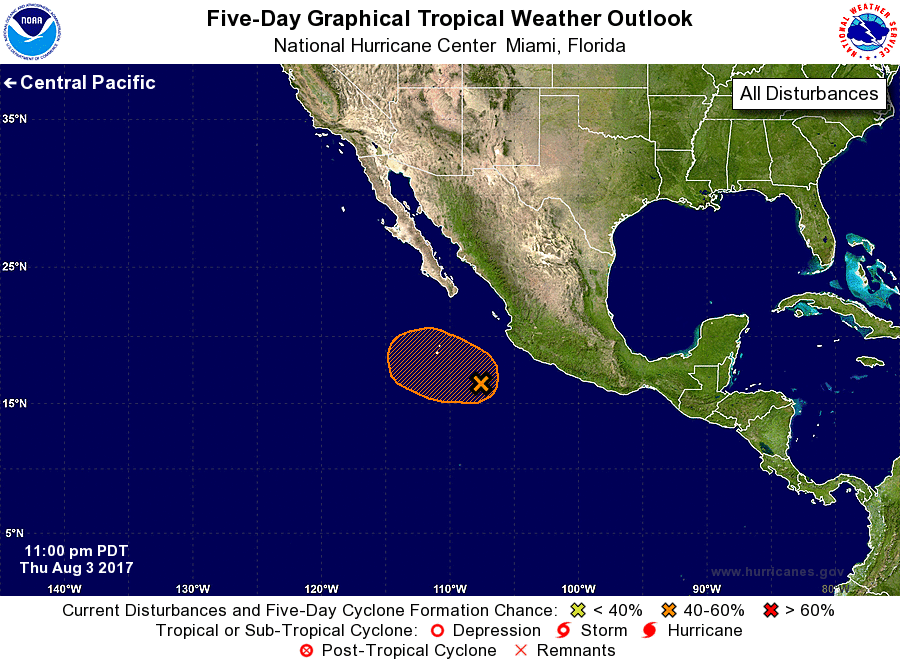
For the eastern North Pacific...east of 140 degrees west longitude:

1. Showers and thunderstorms associated with an area of low pressure located a few hundred miles southwest of Manzanillo, Mexico, continue to show signs of organization. Some additional development is possible today before environmental conditions become hostile by the weekend. This disturbance should move west-northwestward at about 15 mph for the next few days.
* Formation chance through 48 hours...medium...60 percent.
* Formation chance through 5 days...medium...60 percent.

Forecaster Beven